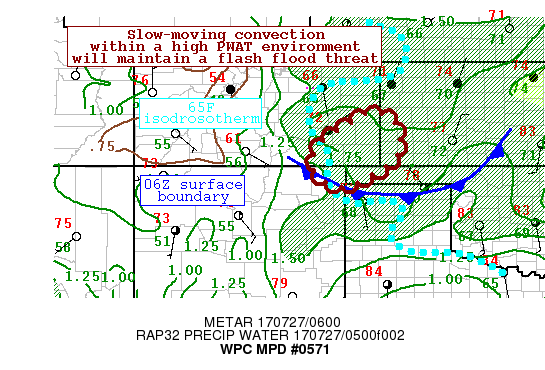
AREAS AFFECTED...SOUTHEASTERN CO/EXTREME NORTHEASTERN NM/WESTERN
OK PANHANDLE

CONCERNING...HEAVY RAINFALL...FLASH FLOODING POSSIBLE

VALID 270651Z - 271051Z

SUMMARY...A CLUSTER OF SLOW-MOVING SHOWERS AND THUNDERSTORMS
CONTINUE TO DROP HEAVY RAINFALL ACROSS AREAS OF SOUTHEASTERN CO.
THIS ACTIVITY SHOULD PERSIST AT LEAST A FEW MORE HOURS OR SO GIVEN
PLENTY OF INSTABILITY TO TAP INTO. GIVEN THE POTENTIAL FOR HEFTY
RAINFALL RATES...EXPECT POCKETS OF FLASH FLOODING IN SOME OF THE
MORE ROBUST CELLS.

DISCUSSION...THE MID-LEVEL SYNOPTIC PATTERN FEATURES A WEST-EAST
ANTICYCLONE STRETCHING FROM AZ TOWARD THE ARKLATEX. A KEY
SHORTWAVE ROTATING AROUND THE CLOCKWISE CIRCULATION HAS BEEN A
FOCUS FOR ACTIVE EVENING INTO OVERNIGHT CONVECTION ACROSS
SOUTHEASTERN CO. IMPRESSIVE MOISTURE IS IN PLACE GIVEN THE SURGE
OF 65F SURFACE DEW POINTS INTO EASTERN CO COUPLED WITH
PRECIPITABLE WATER VALUES EXCEEDING 1.50 INCHES.
ADDITIONALLY...VAD WIND PROFILER DATA ACROSS THE CENTRAL HIGH
PLAINS CONTINUE TO SHOW PERSISTENT EAST-NORTHEASTERLY FLOW ABOVE
THE SURFACE WHICH HAS AUGMENTED CONVECTION VIA UPSLOPE EFFECTS.
WHILE NOT ALL OF THE ONGOING CONVECTION IS TERRIBLY
ORGANIZED...CELL MERGERS SHOULD HELP LEAD TO A LOCAL UPTICK IN
RAINFALL AMOUNTS. BASED ON EARLIER SPOTTER INFORMATION...HOURLY
RAINFALL RATES HAVE REACHED 1 INCH ALTHOUGH THESE WERE NOT IN THE
STRONGER CONVECTIVE CELLS SUGGESTING HIGHER RATES ARE POSSIBLE.

IT SEEMS LIKE HIGH-RESOLUTION MODELS HAVE BEEN TOO EXPANSIVE WITH
THE CONVECTIVE COVERAGE RELATIVE TO WHAT IS SEEN ON CURRENT RADAR
IMAGERY. THE GENERAL THEME SEEN IS FOR THE ACTIVITY TO PERSIST
THROUGH ABOUT 10Z OR PERHAPS SLIGHTLY EARLIER BEFORE WANING TOWARD
12Z.